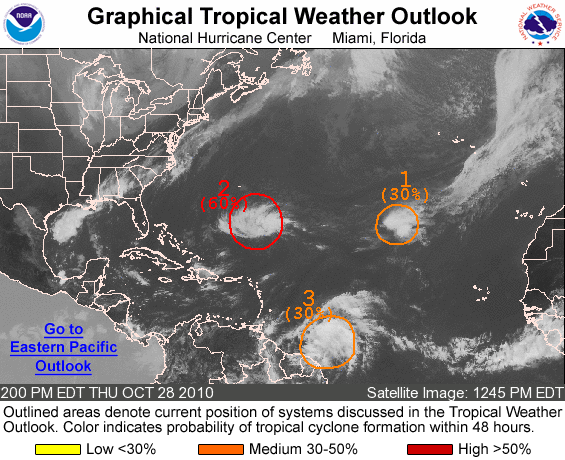
FOR THE NORTH ATLANTIC...CARIBBEAN SEA AND THE GULF OF MEXICO...

1. SHOWER AND THUNDERSTORM ACTIVITY ASSOCIATED WITH A LOW PRESSURE SYSTEM LOCATED ABOUT 1200 MILES NORTHWEST OF THE NORTHERNMOST CAPE VERDE ISLANDS IS DISORGANIZED. DEVELOPMENT OF THIS LOW IS BECOMING LESS LIKELY DUE TO UNFAVORABLE UPPER-LEVEL WINDS. THERE IS A MEDIUM CHANCE...30 PERCENT...OF THIS SYSTEM BECOMING A TROPICAL CYCLONE DURING THE NEXT 48 HOURS AS IT MOVES SLOWLY WESTWARD.

2. SHOWERS AND THUNDERSTORMS ASSOCIATED WITH A SURFACE LOW PRESSURE AREA LOCATED ABOUT 600 MILES SOUTH-SOUTHEAST OF BERMUDA CONTINUE TO SHOW SIGNS OF ORGANIZATION...HOWEVER THIS SYSTEM DOES NOT YET HAVE A WELL-DEFINED CENTER OF CIRCULATION. ENVIRONMENTAL CONDITIONS ARE SOMEWHAT CONDUCIVE FOR THE DEVELOPMENT OF A TROPICAL OR SUBTROPICAL DEPRESSION OVERNIGHT OR ON FRIDAY...HOWEVER UPPER-LEVEL WINDS ARE EXPECTED TO BECOME LESS FAVORABLE AFTER THAT. THERE IS A HIGH CHANCE...60 PERCENT...OF THIS SYSTEM BECOMING A SUBTROPICAL OR TROPICAL CYCLONE DURING THE NEXT 48 HOURS AS IT MOVES WEST-NORTHWESTWARD NEAR 15 MPH.

3. A VIGOROUS TROPICAL WAVE LOCATED OVER THE TROPICAL ATLANTIC ABOUT 850 MILES EAST-SOUTHEAST OF THE WINDWARD ISLANDS IS PRODUCING A LARGE AREA OF SHOWERS AND THUNDERSTORMS. THIS SYSTEM HAS BECOME BETTER ORGANIZED TODAY...AND ENVIRONMENTAL CONDITIONS APPEAR TO BE FAVORABLE FOR SOME SLOW DEVELOPMENT OF THIS DISTURBANCE DURING THE NEXT COUPLE OF DAYS. THERE IS A MEDIUM CHANCE...30 PERCENT...OF THIS SYSTEM BECOMING A TROPICAL CYCLONE DURING THE NEXT 48 HOURS AS IT MOVES WESTWARD OR WEST-NORTHWESTWARD AT 15 TO 20 MPH.

ELSEWHERE...TROPICAL CYCLONE FORMATION IS NOT EXPECTED DURING THE NEXT 48 HOURS.

FORECASTER PASCH/CANGIALOSI